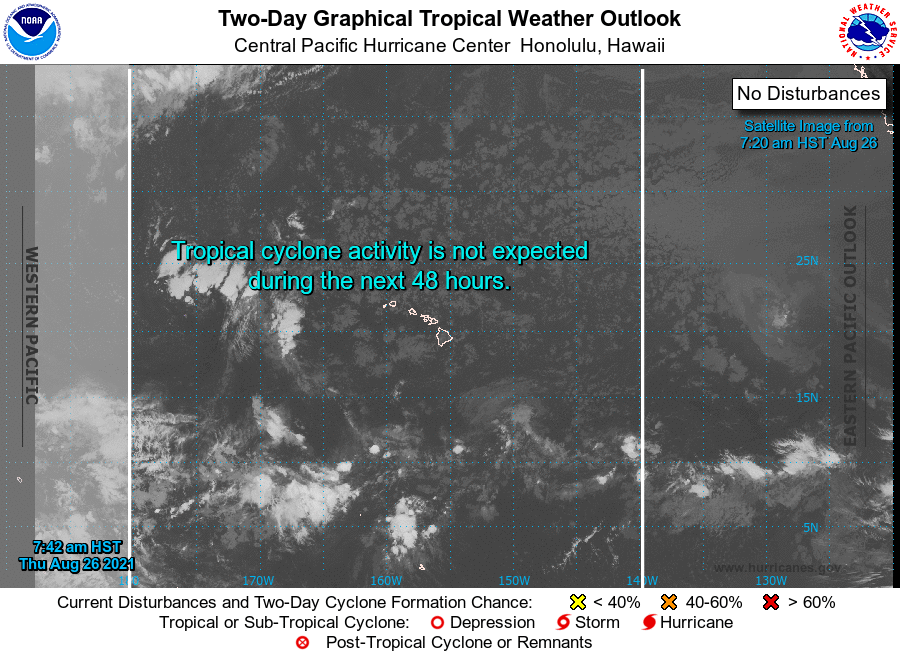
For the central North Pacific...between 140W and 180W:

No tropical cyclones are expected during the next 5 days.

Forecaster Kino